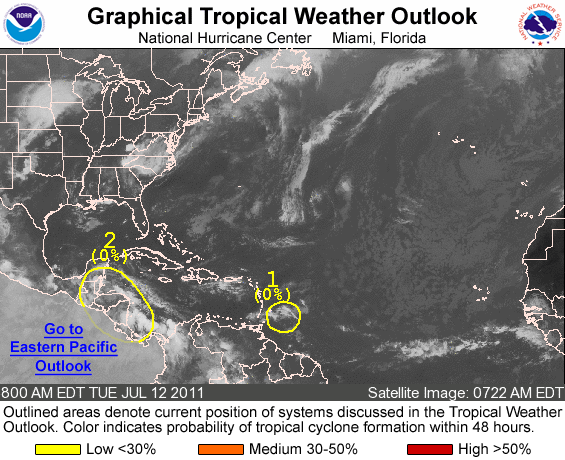
FOR THE NORTH ATLANTIC...CARIBBEAN SEA AND THE GULF OF MEXICO...

1. CLOUDINESS AND SHOWERS ASSOCIATED WITH A TROPICAL WAVE APPROACHING THE WINDWARD ISLANDS HAVE DIMINISHED. THIS SYSTEM HAS A LOW CHANCE...NEAR 0 PERCENT...OF BECOMING A TROPICAL CYCLONE DURING THE NEXT 48 HOURS AS IT MOVES WESTWARD AT 20 TO 25 MPH.

2. A TROPICAL WAVE ACCOMPANIED BY SHOWERS AND THUNDERSTORMS IS MOVING ACROSS CENTRAL AMERICA AND THE YUCATAN PENINSULA. ALTHOUGH DEVELOPMENT OF THIS SYSTEM IS NOT EXPECTED...LOCALLY HEAVY RAINFALL WILL LIKELY CONTINUE TO OCCUR OVER MUCH OF CENTRAL AMERICA AND THE YUCATAN PENINSULA DURING THE NEXT COUPLE OF DAYS. THIS SYSTEM HAS A LOW CHANCE...NEAR 0 PERCENT...OF BECOMING A TROPICAL CYCLONE DURING THE NEXT 48 HOURS AS IT MOVES SLOWLY WEST-NORTHWESTWARD.

ELSEWHERE...TROPICAL CYCLONE FORMATION IS NOT EXPECTED DURING THE NEXT 48 HOURS.

FORECASTER CANGIALOSI